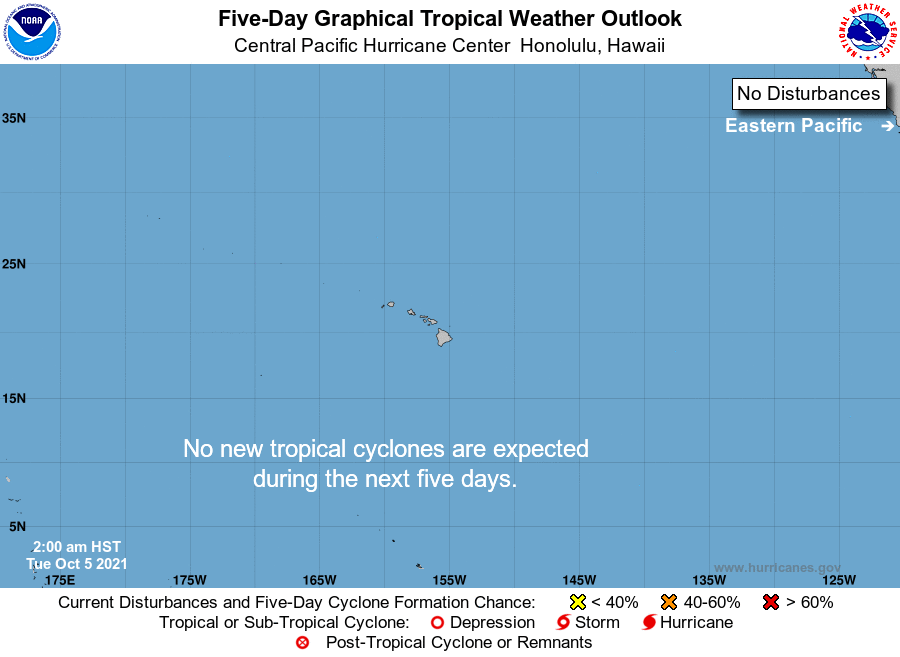
For the central North Pacific...between 140W and 180W:

No tropical cyclones are expected during the next 5 days.

Forecaster Kinel